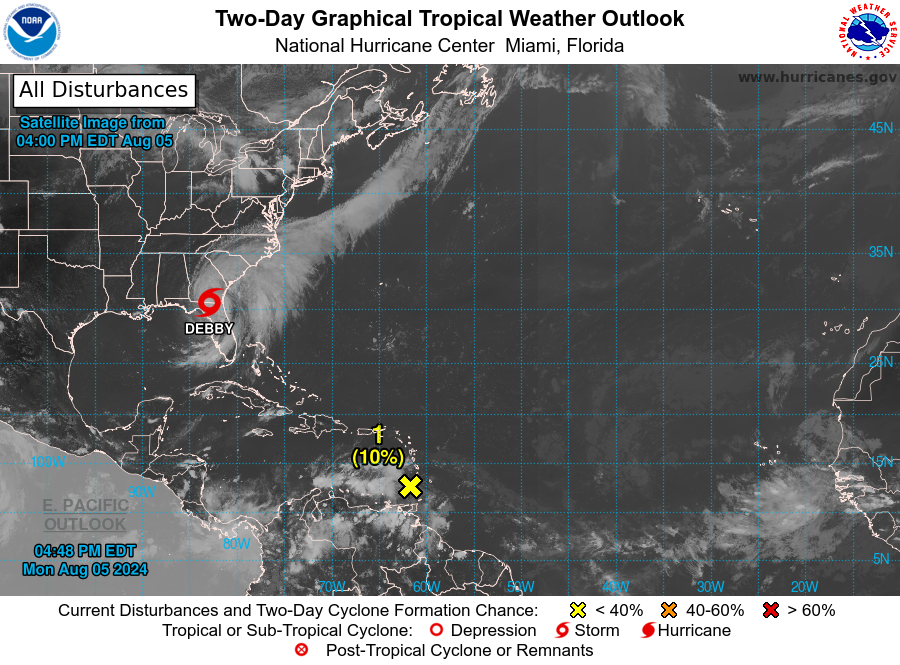
For the North Atlantic...Caribbean Sea and the Gulf of Mexico:

Active Systems: The National Hurricane Center is issuing advisories on Tropical Storm Debby, centered inland over northern Florida.

1. Near the Windward Islands: Showers and thunderstorms associated with a tropical wave located near the Windward Islands have changed little since this morning. Any development of this system should be slow to occur during the next couple of days while the system moves westward over the eastern Caribbean Sea. Environmental conditions are expected to become more conducive for development later this week as the system moves across the western Caribbean Sea or the southern Gulf of Mexico.
* Formation chance through 48 hours...low...10 percent.
* Formation chance through 7 days...low...30 percent.

Forecaster Hogsett